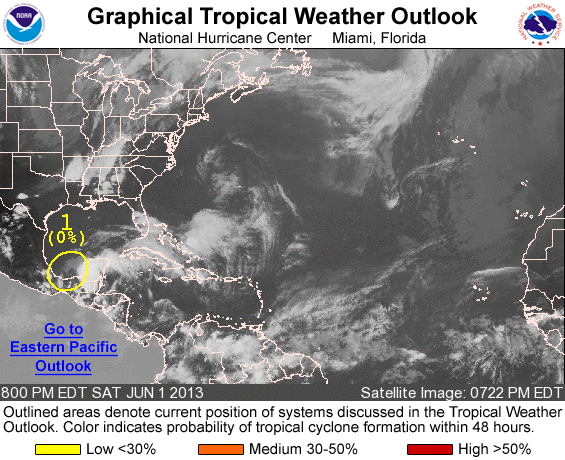
FOR THE NORTH ATLANTIC...CARIBBEAN SEA AND THE GULF OF MEXICO...

1. SHOWERS AND THUNDERSTORMS ASSOCIATED WITH A WEAK AREA OF LOW PRESSURE OVER THE BAY OF CAMPECHE HAVE DIMINISHED...AND DEVELOPMENT IS NOT EXPECTED IN THIS AREA. THIS SYSTEM HAS A LOW CHANCE...NEAR 0 PERCENT...OF BECOMING A TROPICAL CYCLONE DURING THE NEXT 48 HOURS.

ELSEWHERE...TROPICAL CYCLONE FORMATION IS NOT EXPECTED DURING THE NEXT 48 HOURS.